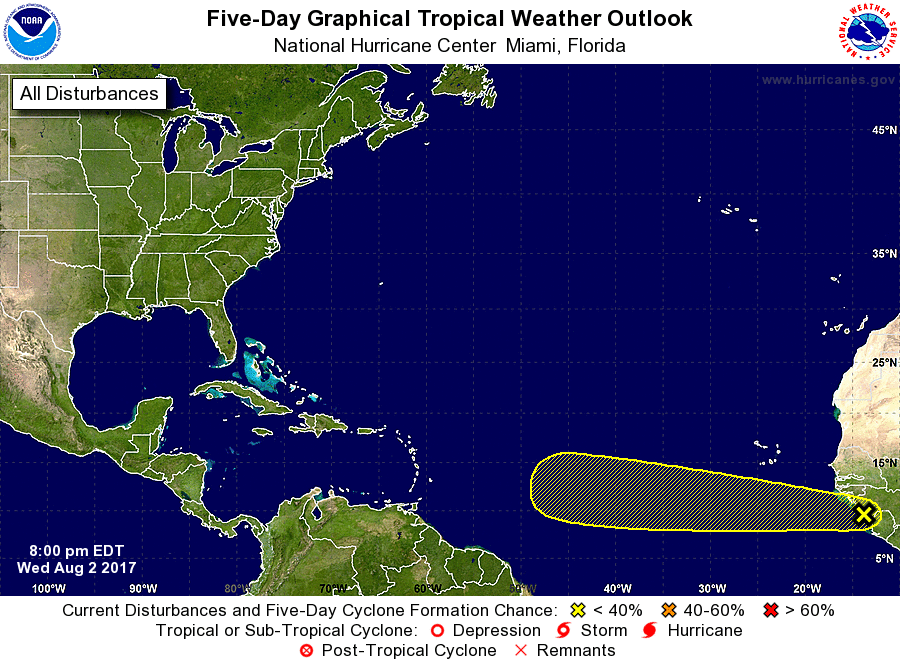
For the North Atlantic...Caribbean Sea and the Gulf of Mexico:

1. Showers and thunderstorms near the coast of west Africa are associated with a tropical wave. Environmental conditions are forecast to be conducive for some development during the next several days as the system moves to the west or west-northwest at 10 to 15 mph over the tropical Atlantic Ocean.
* Formation chance through 48 hours...low...10 percent.
* Formation chance through 5 days...low...30 percent.

Forecaster Blake